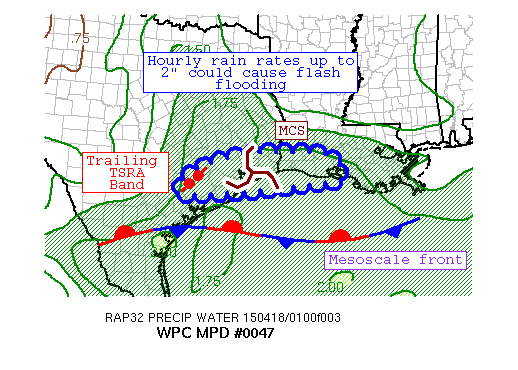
AREAS AFFECTED...SOUTHEAST TX AND SOUTHWEST LA

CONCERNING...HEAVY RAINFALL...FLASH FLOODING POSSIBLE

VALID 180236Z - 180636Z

SUMMARY...AN MCS IS PRODUCING HEAVY RAINFALL RATES OF 2" AN HOUR
AS IT MOVES QUICKLY THROUGH SOUTHEAST TX.  SHOULD THESE RAINFALL
RATES CONTINUE, FLASH FLOODING IS POSSIBLE ACROSS FAR SOUTHEAST TX
AND SOUTHWEST LA.

DISCUSSION...A LONG-LIVED MCS HAS BEEN MOVING 35 KTS TO THE
EAST-NORTHEAST ACROSS SOUTHERN TX OVER THE PAST SEVERAL HOURS,
SIMILAR TO WHAT FORWARD PROPAGATION VECTORS FROM THE 18Z GFS
SUGGEST.  IT IS GENERATING ITS OWN STORM-RELATIVE INFLOW.  MUCAPE
VALUES NEAR AND IN ADVANCE OF THE SYSTEM ARE 1000-2000 J/KG.
PRECIPITABLE WATER VALUES ARE BETWEEN 1.8-2" PER GPS DATA.  THE
ENVIRONMENT IS IN PLACE FOR WET MULTICELLS, WITH 0-6 KM BULK SHEAR
VALUES OF 35-40 KTS SUFFICIENT FOR ORGANIZED CONVECTION.

THE FORECAST IS A TRICKY ONE FOR THIS REGION, HENCE THE POSSIBLE
WORDING.  AN OUTFLOW BOUNDARY TO THE SOUTH IS INCREASINGLY
OFFSHORE THE LA COAST AS YOU MOVE EASTWARD, WHICH IS ALSO SEEN IN
REAL-TIME SPC MESOANALYSIS MUCAPE DATA.  DESPITE A FAVORED
EAST-NORTHEAST MOTION AT 35 KTS, THE HEAVIER RAIN RATES AROUND THE
MCS COULD CONCEIVABLY SLIP SOUTHWARD INTO THE GULF OF MEXICO
RATHER THAN GO INLAND ACROSS LA.  IT APPEARS THE MCS HAS MATURED
PER RECENT SATELLITE IMAGERY, WHICH SHOULD ALLOW FOR A FEW MORE
HOURS OF HEAVY RAIN RATES, WHEREVER IT TRACKS.  RECENT HRRR RUNS,
12Z SPC WRF, 12Z NSSL4WRF, AND 18Z CANADIAN REGIONAL MODEL HAVE
THE BEST GRASP ON THIS SYSTEM'S EVOLUTION SO FAR, AND THEY SHOW
THE STRIPE OF HEAVIEST RAINFALL JUST INLAND ACROSS SOUTHEAST TX
AND SOUTHERN LA.  A THIN BAND OF THUNDERSTORMS TRAILING THE MCS
COULD ALLOW HEAVY RAINFALL AND FLASH FLOODING CONCERNS TO PERSIST
FOR A FEW MORE HOURS BEFORE ANOTHER POSSIBLE CONVECTIVE COMPLEX
TRACKS THROUGH SOUTHERN TX.  HOURLY RAIN RATES UP TO 2" AN HOUR
FOR OVER AN HOUR COULD CAUSE FLASH FLOODING FOR AS LONG AS HEAVY
RAINS FROM THE MCS STAY ASHORE.